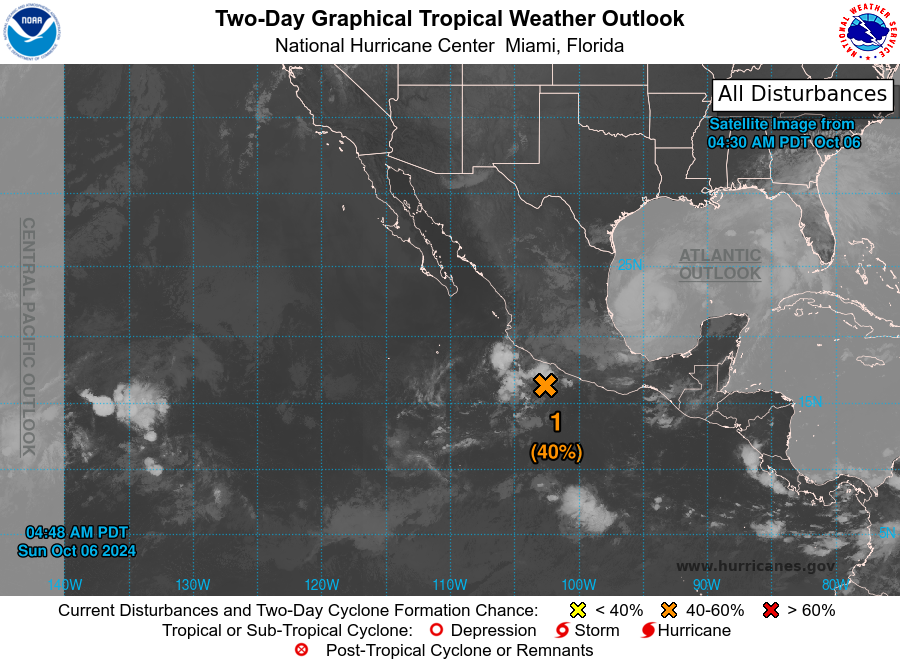
For the eastern North Pacific...east of 140 degrees west longitude:

1. Offshore of Southwestern Mexico: Disorganized showers and thunderstorms located off the coast of southwestern Mexico are associated with a broad area of low pressure. Gradual development of this system is possible, and a tropical depression could form during the next few days while the system moves slowly west-northwestward, roughly parallel to the coast of southwestern Mexico. Regardless of development, this system could bring areas of heavy rain to portions of southwestern Mexico during the next few days.
* Formation chance through 48 hours...medium...40 percent.
* Formation chance through 7 days...medium...60 percent.

Forecaster Kelly